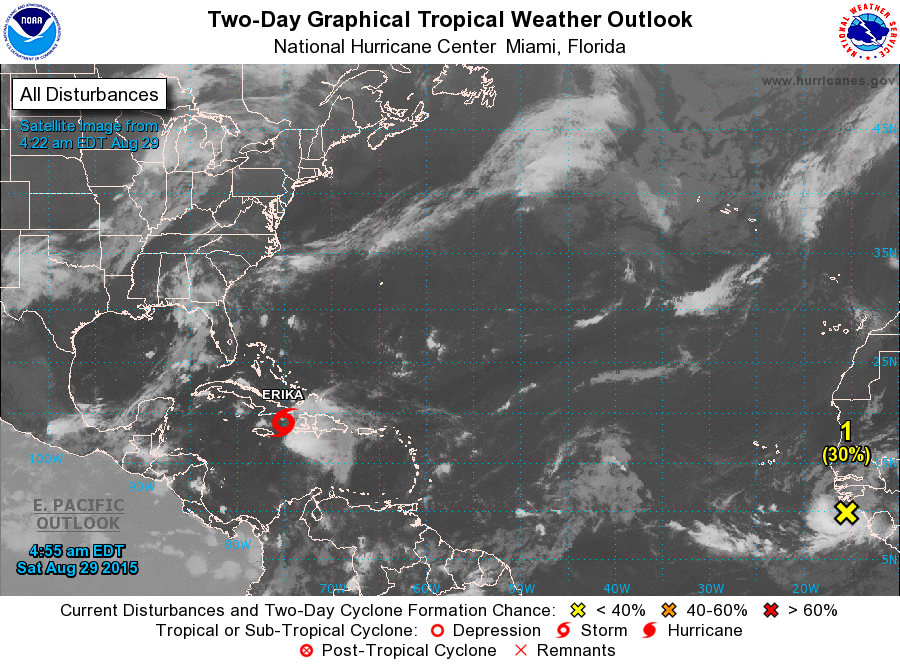
For the North Atlantic...Caribbean Sea and the Gulf of Mexico:

The National Hurricane Center is issuing advisories on Tropical Storm Erika, located between Haiti and Cuba.

1. Showers and thunderstorms have increased in association with a broad area of low pressure located just west of the coast of west Africa. Environmental conditions are expected to be conducive for development, and a tropical depression could form during the next few days while the system moves west-northwestward or northwestward toward the Cape Verde Islands at about 10 mph.
* Formation chance through 48 hours...low...30 percent
* Formation chance through 5 days...medium...60 percent

Forecaster Blake